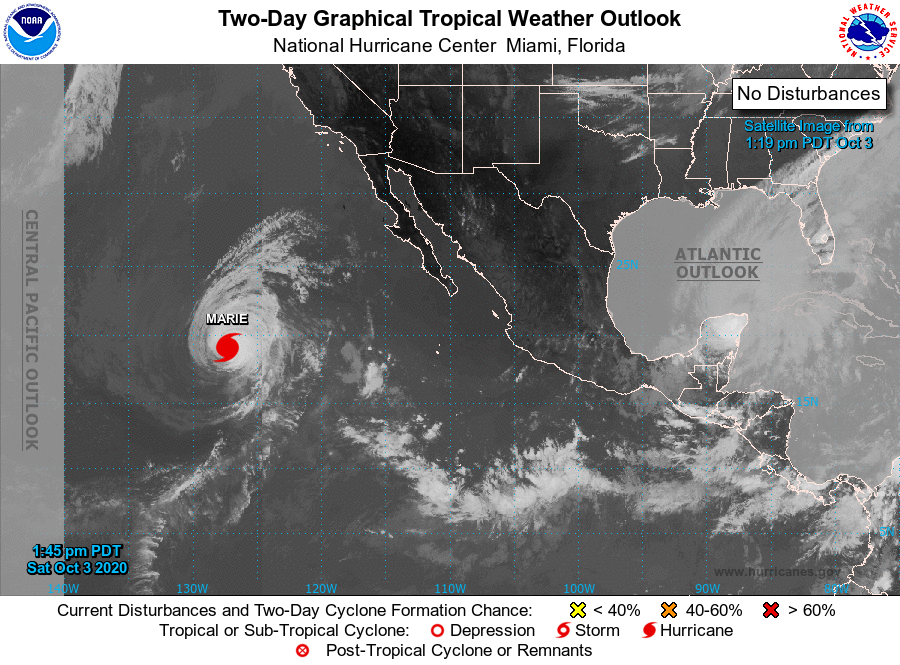
For the eastern North Pacific...east of 140 degrees west longitude:

The National Hurricane Center is issuing advisories on Hurricane Marie, located about 1150 miles west-southwest of the southern tip of the Baja California peninsula.

1. An area of low pressure is expected to form within the next day or two several hundred miles southwest of the coast of southwestern Mexico. Some development of this system is possible through the middle of next week while it moves slowly north-northwestward.
* Formation chance through 48 hours...low...10 percent.
* Formation chance through 5 days...low...30 percent.

2. Another area of low pressure could form south-southeast of the Gulf of Tehuantepec region early next week. Gradual development of this system is possible thereafter while it drifts northward offshore of the southern coasts of Mexico and Guatemala.
* Formation chance through 48 hours...low...near 0 percent.
* Formation chance through 5 days...low...20 percent.

Forecaster Reinhart/Berg